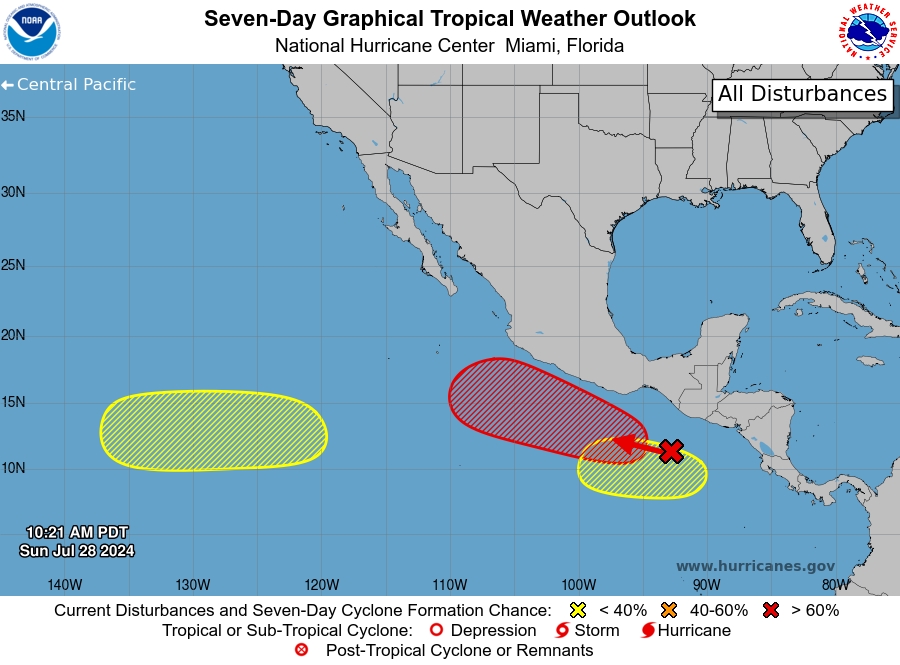
For the eastern North Pacific...east of 140 degrees west longitude:

1. South of Southern Mexico: A large area of disorganized showers and thunderstorms located a few hundred miles south of the southern coast of Mexico is associated with a tropical wave. Environmental conditions appear conducive for gradual development of this system, and a tropical depression is likely to form during the middle part of the week. The system is forecast to move westward to west-northwestward at 10 to 15 mph during the next several days, remaining offshore of the southern coast of Mexico.
* Formation chance through 48 hours...low...20 percent.
* Formation chance through 7 days...high...70 percent.

2. Western East Pacific: An area of low pressure could form by the middle of the week well to the southwest of the southern tip of the Baja California Peninsula. Some slow development of this system is possible during the middle and latter parts of the week while it moves westward to west-northwestward across the western portion of the basin.
* Formation chance through 48 hours...low...near 0 percent.
* Formation chance through 7 days...low...30 percent.

3. South of Central America and Southern Mexico: Another area of low pressure could form offshore of the coast of Central America and southern Mexico towards the end of the week. Some gradual development of this system is possible thereafter while it moves generally westward.
* Formation chance through 48 hours...low...near 0 percent.
* Formation chance through 7 days...low...30 percent.

Forecaster Kelly